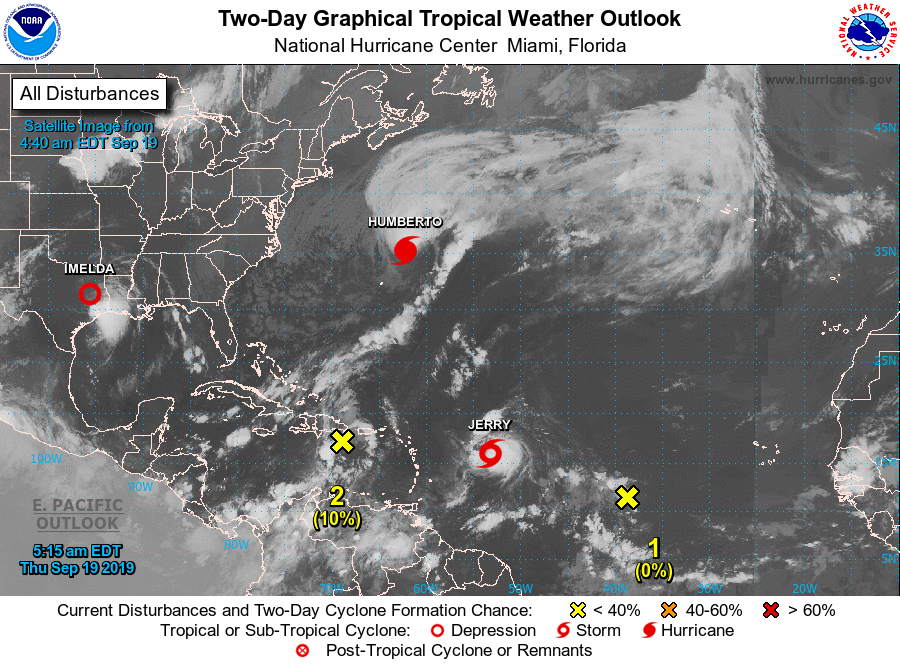
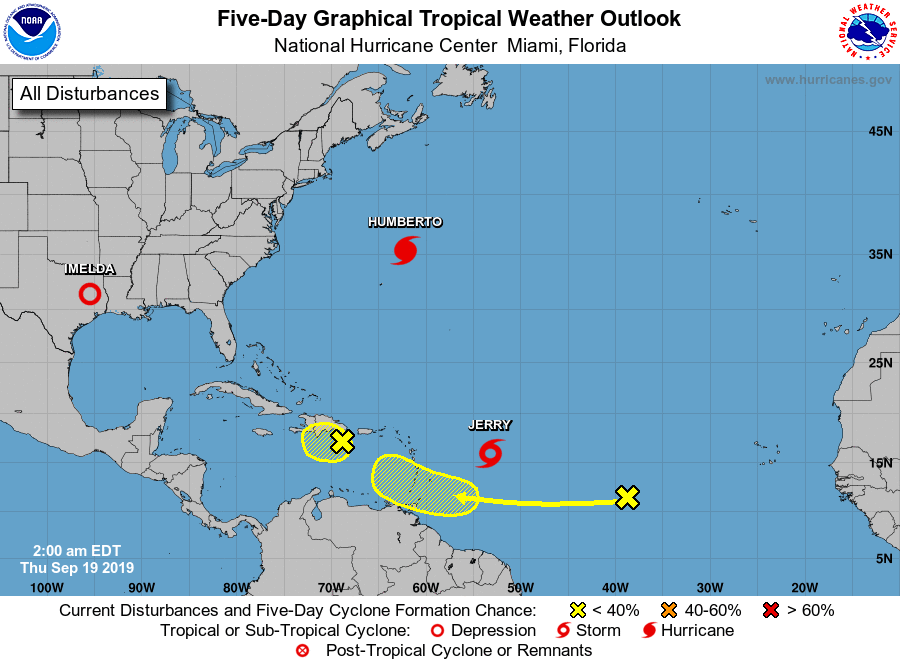
For the North Atlantic...Caribbean Sea and the Gulf of Mexico:

The National Hurricane Center is issuing advisories on Hurricane Humberto, located a couple hundred miles north-northeast of Bermuda, and on Tropical Storm Jerry, located several hundred miles east of the Leeward Islands.

1. A tropical wave located almost 1000 miles west of the Cabo Verde Islands is producing disorganized cloudiness and showers. Some development of this system is possible while the system approaches the Windward Islands this weekend or when it moves across the eastern Caribbean Sea early next week.
* Formation chance through 48 hours...low...near 0 percent.
* Formation chance through 5 days...low...30 percent.

2. A large area of disorganized showers and thunderstorms near and to the southeast of the Dominican Republic is associated with a tropical wave. While upper-level winds are not forecast to be conducive for significant development, locally heavy rainfall is possible over portions of the Dominican Republic and Haiti during the next couple of days. The disturbance is forecast to move slowly northwestward through the weekend.
* Formation chance through 48 hours...low...10 percent.
* Formation chance through 5 days...low...10 percent.

Forecaster Latto